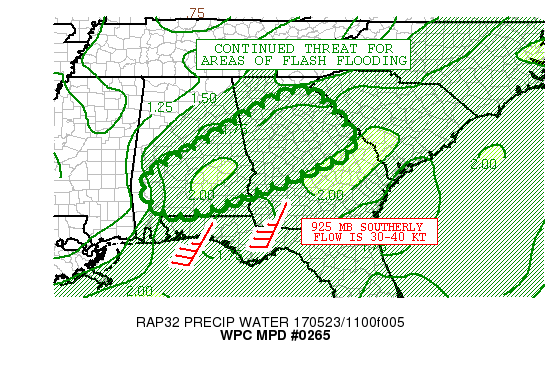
AREAS AFFECTED...CENTRAL AND SOUTHERN AL...CENTRAL AND NORTHERN GA

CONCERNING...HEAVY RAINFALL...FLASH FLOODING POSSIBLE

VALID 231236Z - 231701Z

SUMMARY...EMBEDDED CONVECTION WILL CONTINUE WITHIN A BROAD RAIN
SHIELD EXTENDING FROM CENTRAL AND SOUTHERN AL ACROSS CENTRAL AND
NORTHERN GA. LOCAL HOURLY RAINFALL RATES EXCEEDING 1" FOR THE NEXT
SEVERAL HOURS AND RAINFALL TOTALS LOCALLY EXCEEDING 3" WILL RESULT
IN A CONTINUED THREAT FOR AREAS OF FLASH FLOODING DURING THE NEXT
SEVERAL HOURS.

DISCUSSION...RADAR SHOWS THAT HOURLY RAIN RATES CONTINUE TO
LOCALLY EXCEED 1" ACROSS CENTRAL AND SOUTHERN AL INTO CENTRAL AND
NORTHERN GA. MUCAPE VALUES ARE AROUND 2000-3000 J/KG...WHILE
STRONG LOW LEVEL SOUTHERLY FLOW IS TRANSPORTING VERY MOIST AIR --
PRECIPITABLE WATER VALUES ARE 1.5-2" -- ACROSS A STATIONARY
FRONTAL BOUNDARY ACROSS THE REGION.

THESE CONDITIONS SHOULD PERSIST FOR THE NEXT SEVERAL HOURS AT
LEAST...AND BULK SHEAR OF 25-45 KT AND INCREASED INSTABILITY DUE
TO DAYTIME HEATING SUGGEST THAT CONVECTION COULD BECOME MORE
ORGANIZED. IN ADDITION A WESTERLY JET ACROSS THE TX AND LA GULF
COASTS AND SOUTHWESTERLY JET ALONG THE TN VALLEY SHOULD RESULT IN
CONTINUING DIFFLUENCE ALOFT.

RECENT RUNS OF THE HRRR PLUS THE RAP AND THE NAM SUPPORT RAINFALL
TOTALS LOCALLY EXCEEDING 3" ACROSS THE REGION THROUGH 18Z. SO THE
THREAT FOR AREAS OF FLASH FLOODING WILL CONTINUE.